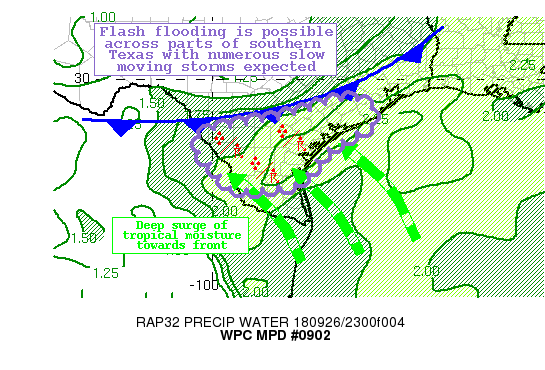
Areas affected...Southern Texas

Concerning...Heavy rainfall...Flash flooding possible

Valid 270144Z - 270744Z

Summary...Numerous slow moving thunderstorms are expected to
develop and persist through the late evening and early morning
hours across parts of southern Texas.  Flash flooding is possible
given high rainfall rates and slow storm movement.

Discussion...Recent radar imagery is depicting an organizing band
of very slow moving showers and thunderstorms between the Rio
Grande to near Victoria, and GOES-16 infrared satellite imagery is
showing an increase in overshooting tops over 50,000 feet over
this area.  There is a very slight overall southern movement with
this convection.  These storms are taking advantage of a very
moist and unstable airmass south of a stalling cold front.

The anomalous low to mid level moisture and instability is
expected to pool along and ahead of the front, with the latest RAP
model analysis indicating PWs on the order of 2 to 2.25 inches
over this area through the early morning hours.  Large scale
ascent is being aided by right entrance upper jet dynamics,
boundary layer wind convergence, and 2000 to 3000 J/kg of MUCAPE.
Effective bulk shear is on the order of 25 to 30 knots.

The latest high res model suite is indicating the potential for
some rather heavy rainfall totals by 3 am local time.  The ARW,
HRRR, and WRF are all supporting localized QPF maxima of 4 to 7
inches, especially between Laredo and Corpus Christi.  Although
flash flood guidance values are relatively high at the onset,
flash flooding is still possible given the potential for rainfall
rates to approach 3 inches per hour at times.